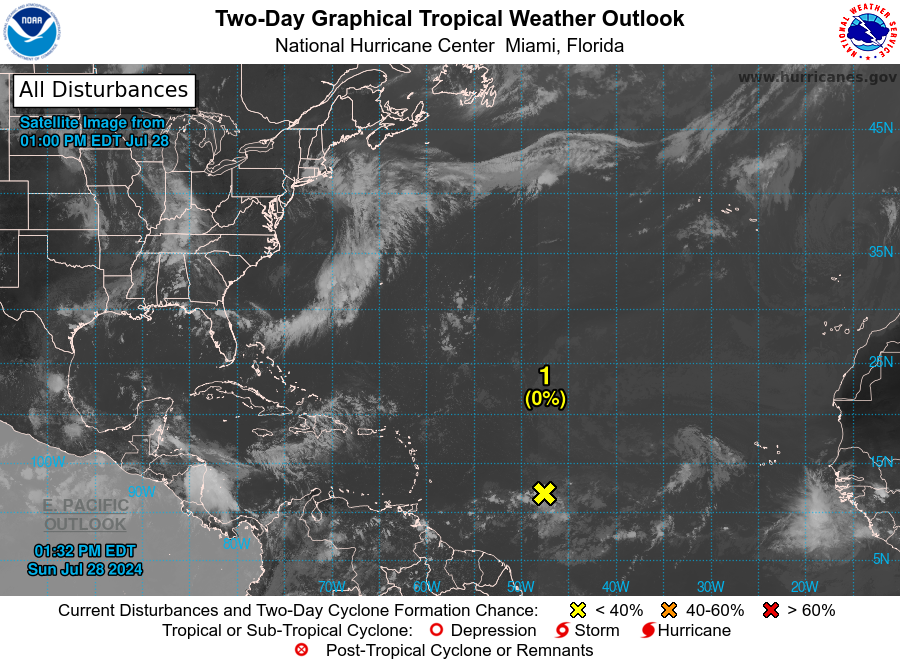
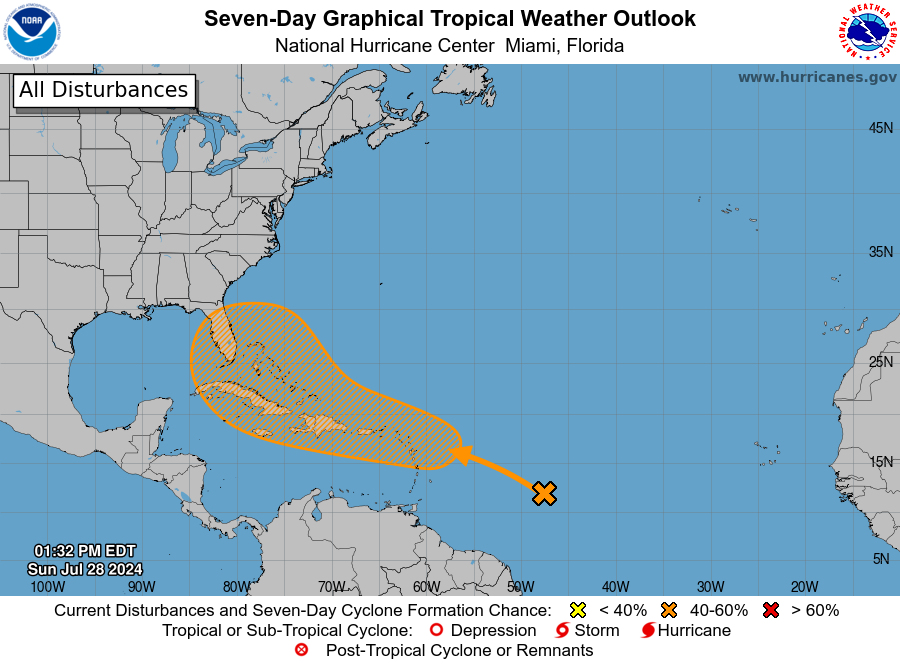
For the North Atlantic...Caribbean Sea and the Gulf of Mexico:

1. Near the Leeward Islands and Greater Antilles: An area of disturbed weather over the central tropical Atlantic Ocean is expected to interact with an approaching tropical wave during the next couple of days. Environmental conditions are forecast to become conducive for some development thereafter, and a tropical depression could form mid to late week while the system is near or over the northern Leeward Islands, Greater Antilles, or southwestern Atlantic Ocean.
* Formation chance through 48 hours...low...near 0 percent.
* Formation chance through 7 days...medium...40 percent.

Forecaster Berg